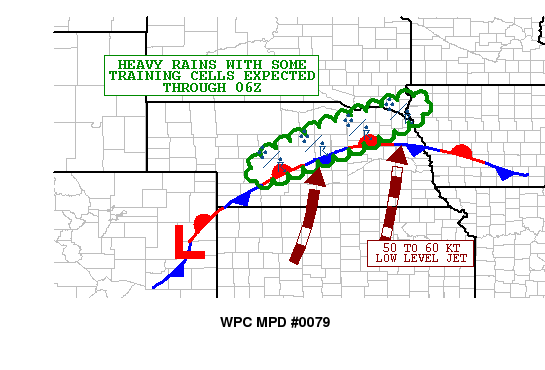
AREAS AFFECTED...CENTRAL/NORTHEAST NEB...EXTREME SOUTHEAST
SD...EXTREME NORTHWEST IA

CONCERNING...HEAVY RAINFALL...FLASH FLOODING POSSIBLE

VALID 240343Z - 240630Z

SUMMARY...HEAVY SHOWERS AND THUNDERSTORMS CONTINUE...WITH SOME
LOCALIZED TRAINING OF CELLS FOSTERING SOME FLASH FLOOD POTENTIAL.

DISCUSSION...IR SATELLITE IMAGERY SHOWS AN IMPRESSIVE AREA OF COLD
CONVECTIVE TOPS ACROSS AN AREA FROM CENTRAL TO NORTHEAST
NEB...WITH THE ACTIVITY FOCUSING JUST NORTH OF A STATIONARY FRONT.
LOW PRESSURE CONTINUES TO ORGANIZE MEANWHILE OVER EASTERN CO IN
ASSOCIATION WITH A STRONG UPPER TROUGH DIGGING EAST THROUGH THE
FOUR CORNERS REGION.

AHEAD OF THE UPPER TROUGH OVER THE CENTRAL PLAINS IS A VERY STRONG
LOW LEVEL JET...WITH VWP DATA INDICATING A SOUTHERLY FLOW AT 850
MB EXCEEDING 50 TO 60 KTS. THIS IS BEING INTERCEPTED BY THE
AFOREMENTIONED FRONTAL ZONE...WITH FORCING FURTHER ENHANCED BY
INCREASING UPPER LEVEL DIVERGENCE AHEAD OF THE TROUGH.

INSTABILITY OVER THE REGION IS QUITE MODEST WITH MUCAPE VALUES OF
GENERALLY 500 TO 1000 J/KG. MOISTURE PROFILES ARE ALSO QUITE
MODEST WITH PWATS OF CLOSE TO 1 INCH POOLED ALONG THE FRONT.

DESPITE THE RELATIVELY WEAK THERMODYNAMIC PROFILES...STRONG DEEPER
LAYER ASCENT AND WARM ADVECTION CONTINUES TO FOCUS CONVECTION OVER
THE NORTH-CENTRAL PLAINS WITH AN AXIS OF REPEATING/TRAINING
CONVECTION SEEN ACROSS PARTS OF CENTRAL AND NORTHEAST NEB. THIS
WILL LIKELY CONTINUE AT LEAST THROUGH 06Z GIVEN THE STRENGTH OF
THE LOW LEVEL JET AND CONTINUED ARRIVAL OF HEIGHT FALLS. SOME OF
THE ACTIVITY IS LIKELY TO FOCUS FARTHER NORTHEAST INTO FAR
SOUTHEAST SD AND NORTHWEST IA.

ALREADY SOME 2 TO 3 INCH RAINFALL AMOUNTS HAVE BEEN ESTIMATED PER
DUAL-POL DATA...AND WITH ADDITIONAL CONVECTION DEVELOPING...AND AN
ADDITIONAL 2 TO 3 INCHES CANNOT BE RULED OUT THROUGH 06Z.
THUS...EXPECT SOME FLASH FLOODING POTENTIAL OVER THE NEXT FEW
HOURS.